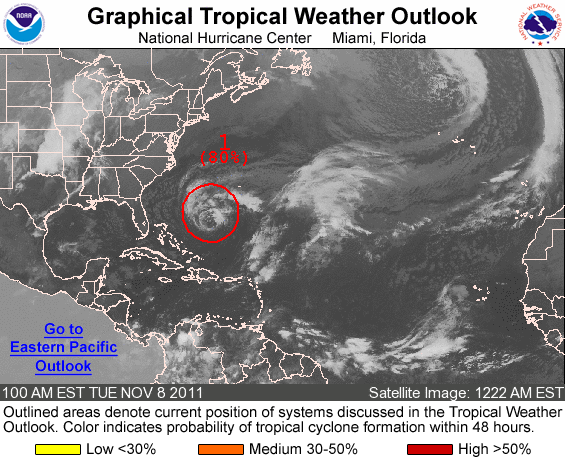
FOR THE NORTH ATLANTIC...CARIBBEAN SEA AND THE GULF OF MEXICO...

1. A LARGE NON-TROPICAL LOW PRESSURE SYSTEM CENTERED ABOUT 460 MILES SOUTHWEST OF BERMUDA CONTINUES TO PRODUCE GALE-FORCE WINDS OVER AN AREA EXTENDING SEVERAL HUNDRED MILES WEST THROUGH NORTHEAST OF THE CENTER. RECENT SATELLITE INFORMATION INDICATES THE LOW-LEVEL CIRCULATION HAS BECOME BETTER DEFINED AND THAT GALE-FORCE WINDS HAVE ALSO DEVELOPED CLOSE TO THE SURFACE CENTER. IN ADDITION... THUNDERSTORM ACTIVITY HAS INCREASED AND BECOME BETTER ORGANIZED DURING THE PAST FEW HOURS AND IF THIS TREND CONTINUES...THEN ADVISORIES COULD BEEN INITIATED ON THIS LOW PRESSURE AREA LATER THIS MORNING. THIS SYSTEM HAS A HIGH CHANCE...80 PERCENT...OF BECOMING A SUBTROPICAL CYCLONE DURING THE NEXT 48 HOURS AS IT DRIFTS WESTWARD TODAY...AND THEN TURNS NORTHWESTWARD BY WEDNESDAY.

ADDITIONAL INFORMATION ON THIS GALE AREA CAN BE FOUND IN HIGH SEAS FORECASTS ISSUED BY THE NOAA NATIONAL WEATHER SERVICE UNDER AWIPS HEADER NFDHSFAT1...AND UNDER WMO HEADER FZNT01 KWBC.

ELSEWHERE...TROPICAL CYCLONE FORMATION IS NOT EXPECTED DURING THE NEXT 48 HOURS.

FORECASTER STEWART